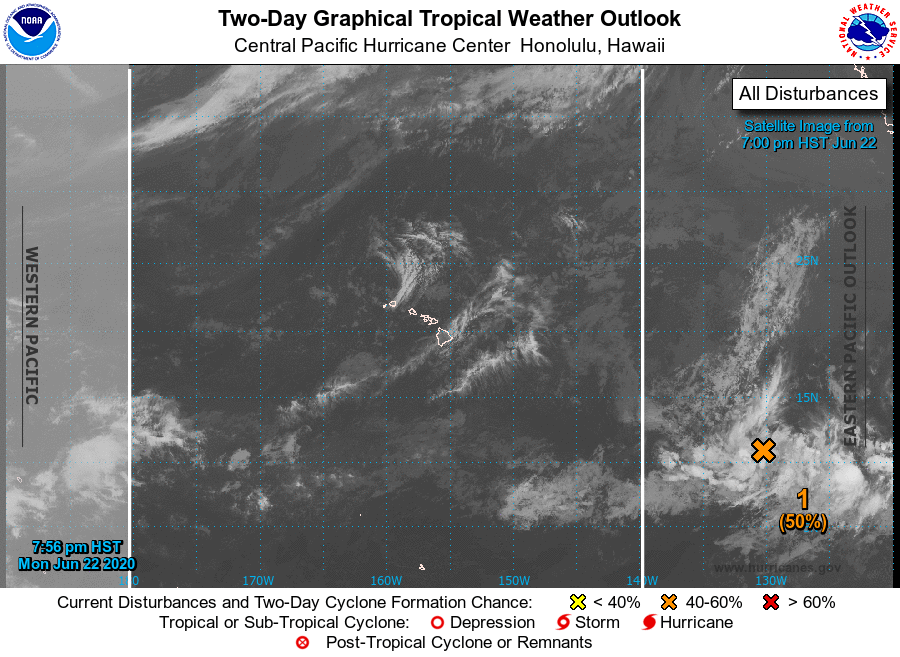
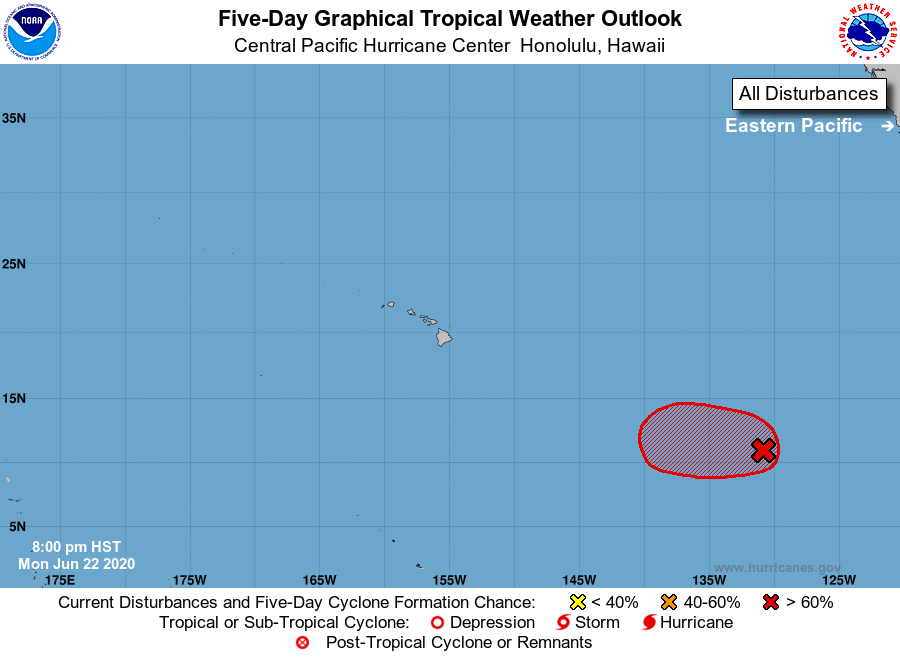
For the central North Pacific...between 140W and 180W:

1. An area of low pressure located more than 1700 miles east-southeast of Hilo, Hawaii, continues to show signs of organization. Environmental conditions appear conducive for gradual development, and this system is likely to become a tropical depression during the next few days while it moves slowly westward.
* Formation chance through 48 hours...medium...50 percent.
* Formation chance through 5 days...high...70 percent.

Forecaster Kinel